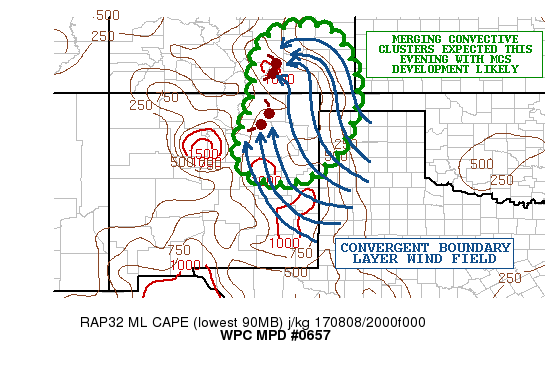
AREAS AFFECTED...SOUTHEAST CO...NORTHEAST NM...PORTIONS OF THE
OK/TX PANHANDLES

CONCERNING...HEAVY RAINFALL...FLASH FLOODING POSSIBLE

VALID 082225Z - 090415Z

SUMMARY...SHOWERS AND THUNDERSTORMS WILL CONTINUE TO BECOME BETTER
ORGANIZED THROUGH THE LATE-AFTERNOON AND EVENING HOURS ACROSS
SOUTHEAST CO AND NORTHEAST NM. SOME FLASH FLOODING WILL BE
POSSIBLE WITH THE EXPECTATION OF SOME CELL-MERGERS AND HEAVY
RAINFALL RATES APPROACHING 1.5 INCHES/HR.

DISCUSSION...STRONG THUNDERSTORMS CONTINUE TO DEVELOP OFF THE
HIGHER TERRAIN OF SOUTHERN CO AND NORTHERN NM...INCLUDING THE
SANGRE DE CRISTO RANGE...WITH A PROPAGATION OFF TO THE
EAST-SOUTHEAST OUT INTO THE HIGH PLAINS. THE CONVECTION WILL BE
ENCOUNTERING A MODESTLY UNSTABLE AIRMASS WITH MLCAPE VALUES OF
1000 TO 1500 J/KG AND A FAIR DEGREE OF SHEAR WITH EFFECTIVE BULK
SHEAR VALUES OF 30 TO 40 KTS WHICH WILL LIKELY FOSTER
SUSTAINABLE/ORGANIZED UPDRAFTS AND UPSCALE CONVECTIVE GROWTH
POTENTIAL.

MEANWHILE...PWATS ACROSS THE REGION ARE GENERALLY 1.1 TO 1.3
INCHES AND INDICATIVE OF A RELATIVELY MOIST ENVIRONMENT CONDUCIVE
FOR HEAVY RAINFALL. THE AREA OVER SOUTHEAST CO AND NORTHEAST NM IS
CURRENTLY SEEING A GENERAL SOUTH/SOUTHEAST LOW LEVEL WIND PATTERN
WITH THE FLOW BACKING AND BECOMING MORE CONVERGENT IN PARTICULAR
OVER SOUTHEAST CO. THIS IS WHERE FORCING WILL TEND TO BE MAXIMIZED
IN THE SHORT-TERM AND
OVER THE NEXT FEW HOURS...MORE ROBUST MULTI-CELL CLUSTERS OF
CONVECTION AND A FEW SUPERCELLS WILL EVOLVE AND SHOULD GRADUALLY
BEGIN COMBINING TO FORM A FORWARD PROPAGATING MCS BY MID EVENING.

HIRES MODEL GUIDANCE SUPPORTS AS MUCH AS 2 TO 3 INCHES OF RAIN
ACROSS PARTS OF SOUTHEAST CO/NORTHEAST NM AND THEN DOWN ACROSS
PORTIONS OF THE WESTERN OK/TX PANHANDLES. SOME CELL-MERGER
ACTIVITY IS EXPECTED WITH THE CONVECTIVE EVOLUTION THIS
EVENING...SO IT IS POSSIBLE THAT SOME LOCALLY HEAVIER AMOUNTS
COULD MATERIALIZE AND ALSO WITH HEAVIER RAINFALL RATES OF AS MUCH
AS 1.5 INCHES/HR. SOME FLASH FLOODING WILL BE POSSIBLE. WILL
CONTINUE TO MONITOR.